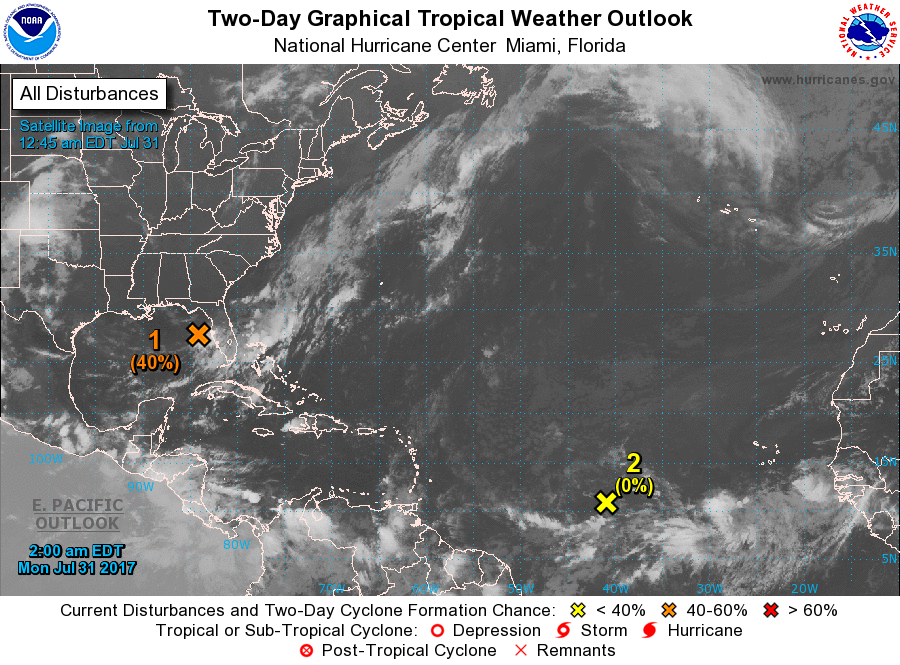
For the North Atlantic...Caribbean Sea and the Gulf of Mexico:

1. Satellite and radar data indicate that showers and thunderstorms associated with a small low pressure area located about 90 miles west of Tampa, Florida, are showing some signs of organization. Environmental conditions are marginally conducive for some additional development before the low moves inland over the central Florida peninsula later today or tonight, and over the western Atlantic late Tuesday or Wednesday. Regardless of development, the low is expected to produce gusty winds and locally heavy rainfall across portions of the Florida peninsula during the next couple of days. Please see additional information from your local National Weather Service Forecast Offices concerning the rainfall threat.
* Formation chance through 48 hours...medium...40 percent.
* Formation chance through 5 days...medium...40 percent.

2. Shower activity associated with a tropical wave located about midway between west Africa and the Lesser Antilles remains limited. Any development of this system is expected to be slow to occur over the next several days while the system moves westward to west-northwestward at 10 to 15 mph.
* Formation chance through 48 hours...low...near 0 percent.
* Formation chance through 5 days...low...10 percent.

Forecaster Brown